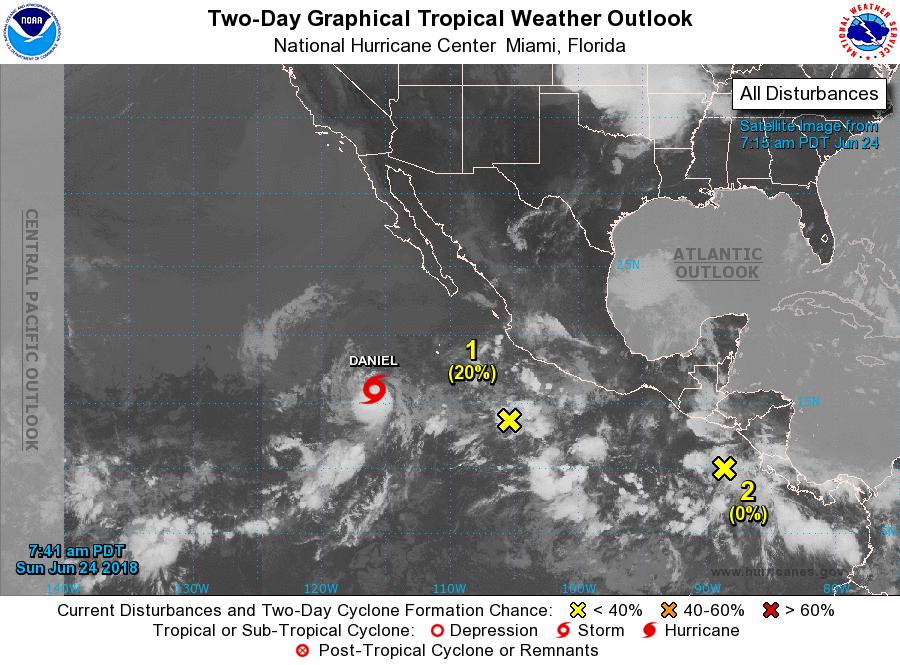
For the eastern North Pacific...east of 140 degrees west longitude:

The National Hurricane Center is issuing advisories on Tropical Depression Five-E, located several hundred miles southwest of the southern tip of the Baja California peninsula.

1. An elongated area of low pressure located several hundred miles southwest of Zihuatanejo, Mexico, is producing disorganized shower and thunderstorm activity over a broad area. Some development of this system is possible during the next few days before it interacts and possibly merges with a tropical wave approaching from the east.
* Formation chance through 48 hours...low...20 percent.
* Formation chance through 5 days...medium...40 percent.

2. A tropical wave located just west of Costa Rica and Nicaragua is producing disorganized showers and thunderstorms. Environmental conditions appear conducive for development, and a tropical depression could form by the middle of the week while the system moves westward, well south of the coast of Mexico.
* Formation chance through 48 hours...low...near 0 percent.
* Formation chance through 5 days...medium...50 percent.

Public Advisories on Tropical Depression Five-E are issued under WMO header WTPZ35 KNHC and under AWIPS header MIATCPEP5. Forecast/Advisories on Tropical Depression Five-E are issued under WMO header WTPZ25 KNHC and under AWIPS header MIATCMEP5.

Forecaster Beven